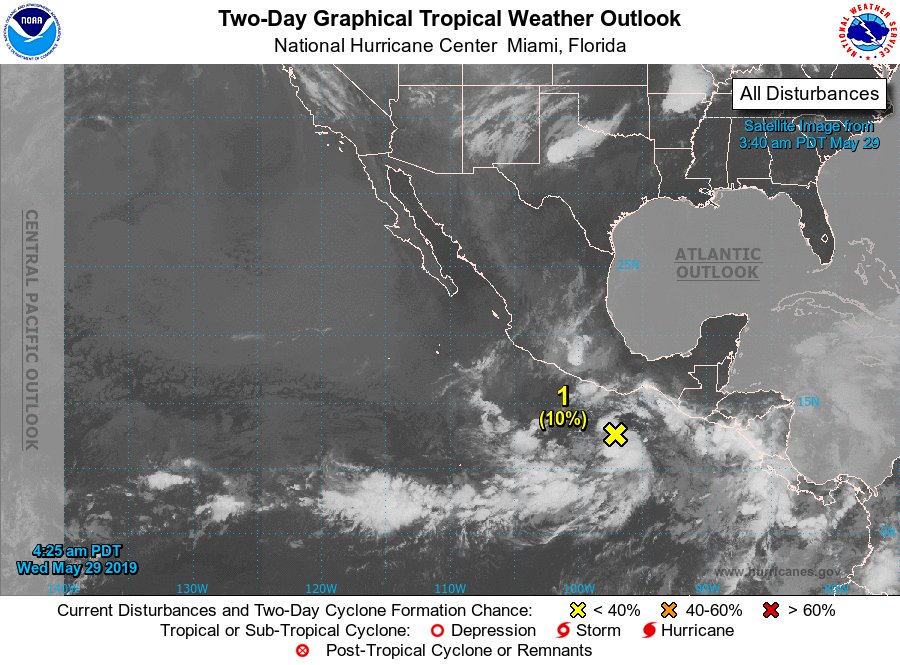
For the eastern North Pacific...east of 140 degrees west longitude:

1. A trough of low pressure located a few hundred miles south of the southern coast of Mexico continues to produce disorganized showers and thunderstorms. Some slow development of this system is possible during the next few days while it moves slowly northeastward. Regardless of development, this system will likely bring areas of heavy rain to southern Mexico and portions of Central America throughout this week and into the weekend.
* Formation chance through 48 hours...low...10 percent.
* Formation chance through 5 days...low...20 percent.

Forecaster Cangialosi